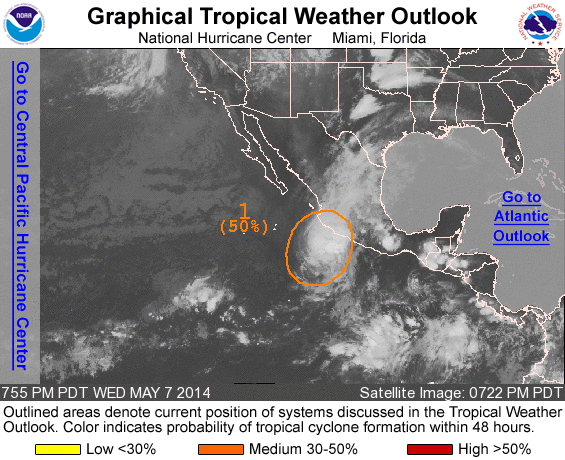
FOR THE EASTERN NORTH PACIFIC...EAST OF 140 DEGREES WEST LONGITUDE..

1. A BROAD AREA OF LOW PRESSURE LOCATED ABOUT 275 MILES SOUTH-SOUTHWEST OF MANZANILLO MEXICO IS PRODUCING A LARGE AREA OF CLOUDINESS AND THUNDERSTORMS AS IT MOVES NORTHEASTWARD TOWARDS THE COAST OF MEXICO. THE SYSTEM HAS BECOME A LITTLE BETTER ORGANIZED...AND SOME ADDITIONAL DEVELOPMENT IS POSSIBLE TONIGHT. HOWEVER...UPPER-LEVEL WINDS ARE BECOMING LESS CONDUCIVE...AND LITTLE DEVELOPMENT IS EXPECTED ON THURSDAY AND FRIDAY. THIS SYSTEM HAS A MEDIUM CHANCE... 50 PERCENT...OF BECOMING A TROPICAL CYCLONE DURING THE NEXT 48 HOURS...AND A MEDIUM CHANCE...50 PERCENT...OF BECOMING A TROPICAL CYCLONE DURING THE NEXT 5 DAYS. REGARDLESS OF DEVELOPMENT...LOCALLY HEAVY RAINS WILL BEGIN TO AFFECT PORTIONS OF SOUTHWESTERN MEXICO TONIGHT AND THURSDAY.

ANOTHER SPECIAL TROPICAL WEATHER OUTLOOK WILL BE ISSUED BY 8 AM PDT THURSDAY...OR SOONER IF NECESSARY.

FORECASTER BEVEN